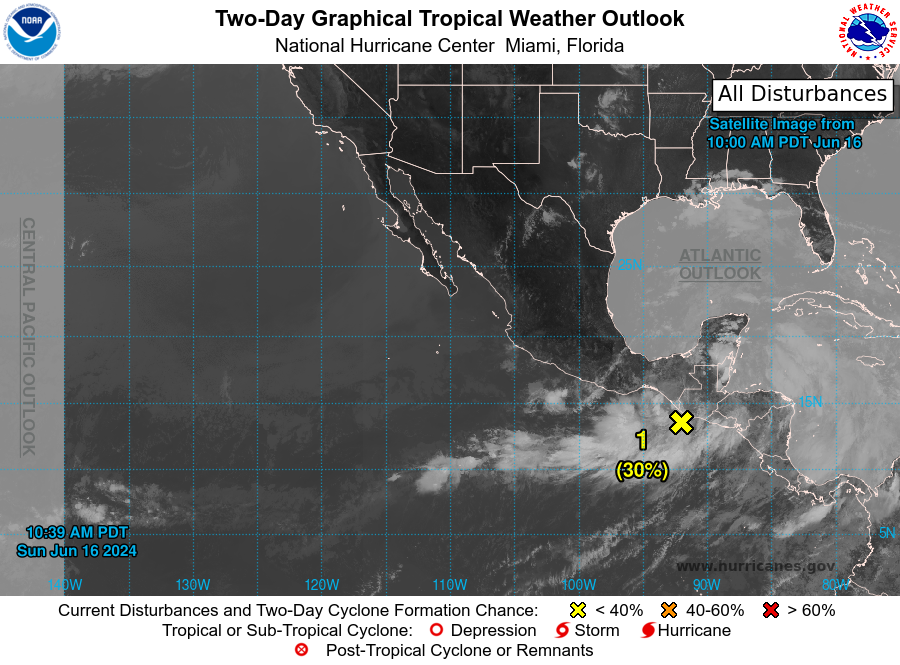
For the eastern North Pacific...east of 140 degrees west longitude:

1. Offshore Central America: Satellite data indicate that a small area of low pressure located just offshore and to the south of the Guatemala/Mexico border has become a little better defined. Some additional slight development is possible before the system moves inland this evening. Regardless of development, several days of heavy rainfall are expected across portions of southern Mexico and Central America. These rains are likely to cause life-threatening flooding and flash flooding.
* Formation chance through 48 hours...low...30 percent.
* Formation chance through 7 days...low...30 percent.

Forecaster Pasch